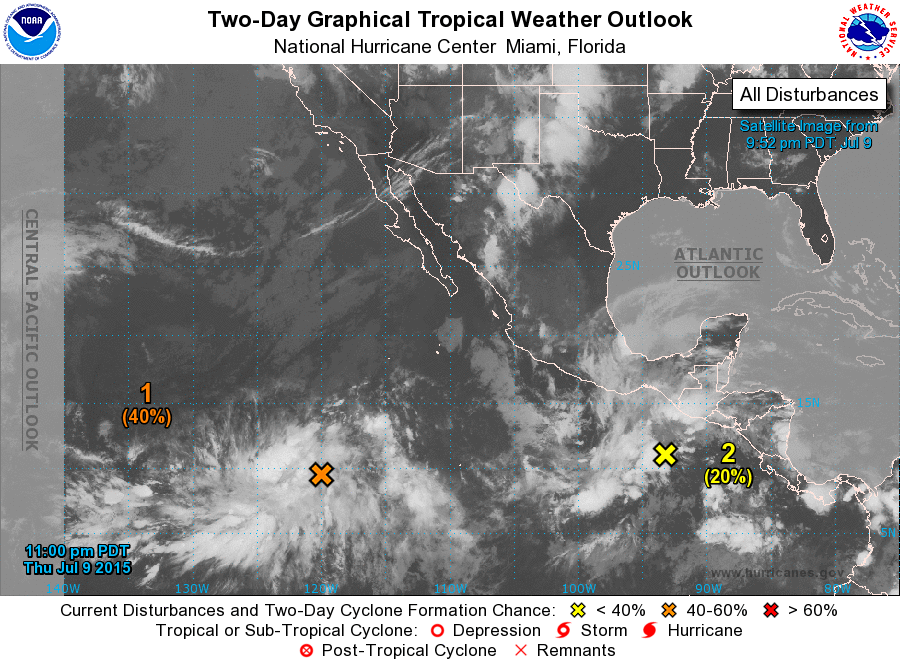
For the eastern North Pacific...east of 140 degrees west longitude:

1. Showers and thunderstorms associated with a tropical wave and a broad low pressure area centered about 1200 miles southwest of the southern tip of Baja California Sur have increased over the last 24 hours. Continued development is anticipated through the weekend, and this system will likely become a tropical depression by early next week while it moves generally northwestward.
* Formation chance through 48 hours...low...40 percent
* Formation chance through 5 days...high...80 percent

2. Disorganized showers and thunderstorms located south of Guatemala and southeastern Mexico are associated with a tropical wave and a weak area of low pressure. Conditions are expected to be conducive for gradual development over the next several days, and this system will likely become a tropical depression by early next week while it moves west-northwestward.
* Formation chance through 48 hours...low...20 percent
* Formation chance through 5 days...high...80 percent

Forecaster Beven